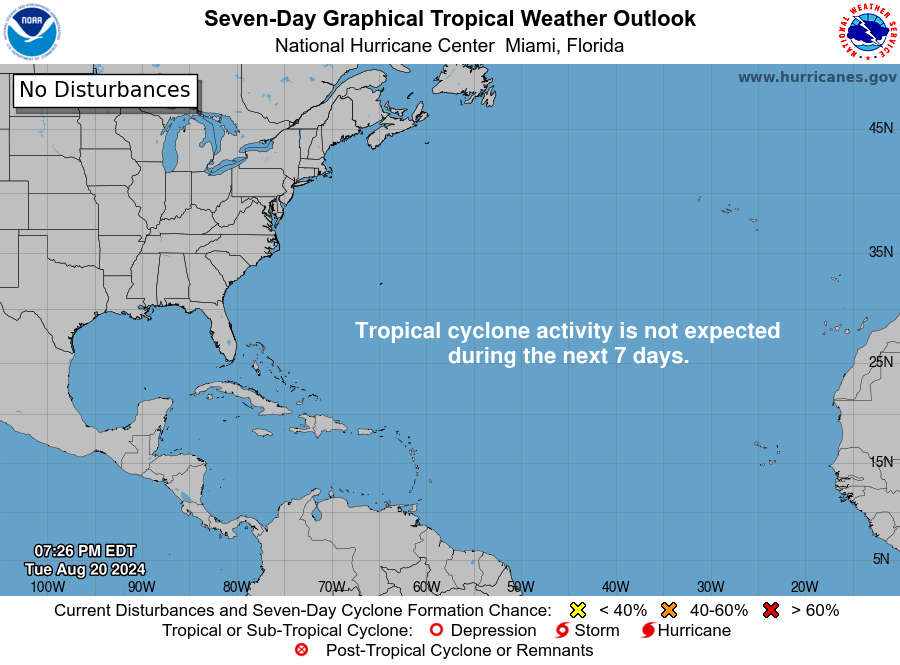
For the North Atlantic...Caribbean Sea and the Gulf of Mexico:

Tropical cyclone formation is not expected during the next 7 days.

Forecaster Bucci